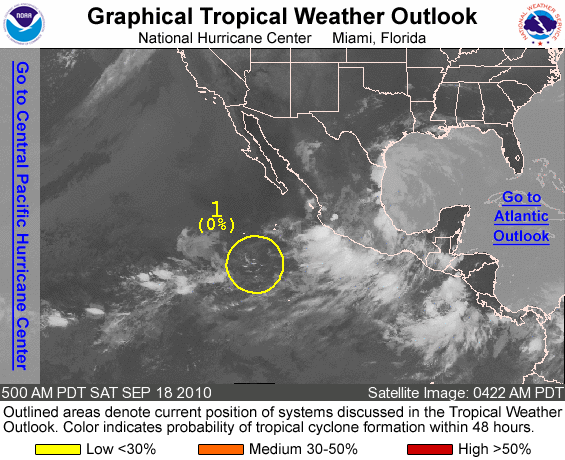
FOR THE EASTERN NORTH PACIFIC...EAST OF 140 DEGREES WEST LONGITUDE..

1. SHOWERS AND THUNDERSTORMS HAVE DISSIPATED IN ASSOCIATION WITH A WEAK LOW PRESSURE SYSTEM LOCATED ABOUT 600 MILES WEST-SOUTHWEST OF MANZANILLO MEXICO. UPPER-LEVEL WINDS ARE EXPECTED TO REMAIN UNFAVORABLE FOR DEVELOPMENT...AND THERE IS A LOW CHANCE...NEAR 0 PERCENT...OF THIS SYSTEM BECOMING A TROPICAL CYCLONE DURING THE NEXT 48 HOURS.

ELSEWHERE...TROPICAL CYCLONE FORMATION IS NOT EXPECTED DURING THE NEXT 48 HOURS.

FORECASTER KIMBERLAIN